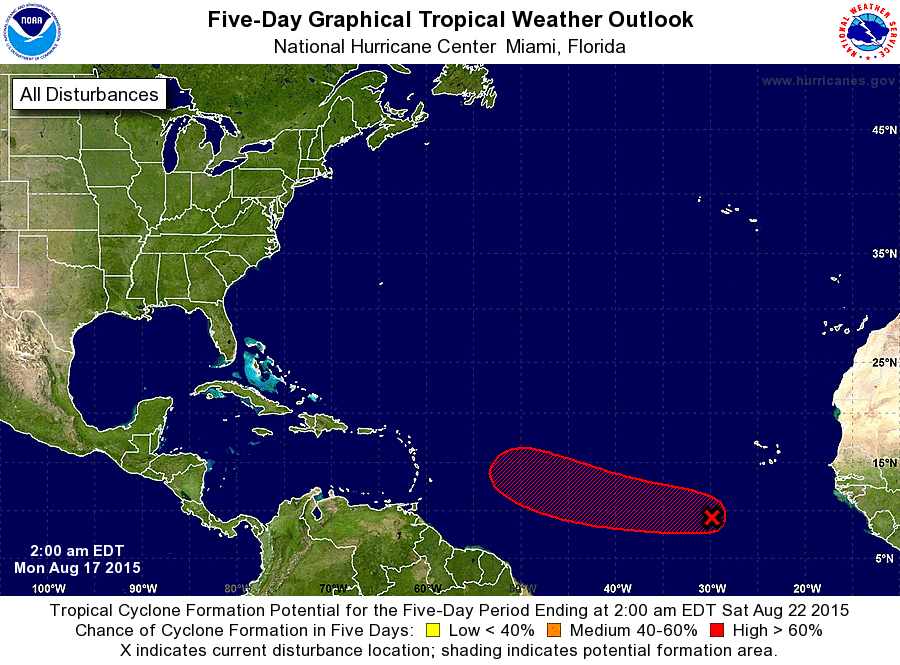
For the North Atlantic...Caribbean Sea and the Gulf of Mexico:

1. Showers and thunderstorms associated with an area of low pressure located several hundred miles southwest of the Cape Verde Islands continue to show signs of organization. Environmental conditions appear conducive for development during the next few days, and a tropical depression will likely form by the middle of the week while the system moves westward or west-northwestward near 15 mph.
* Formation chance through 48 hours...medium...50 percent
* Formation chance through 5 days...high...70 percent

Forecaster Blake